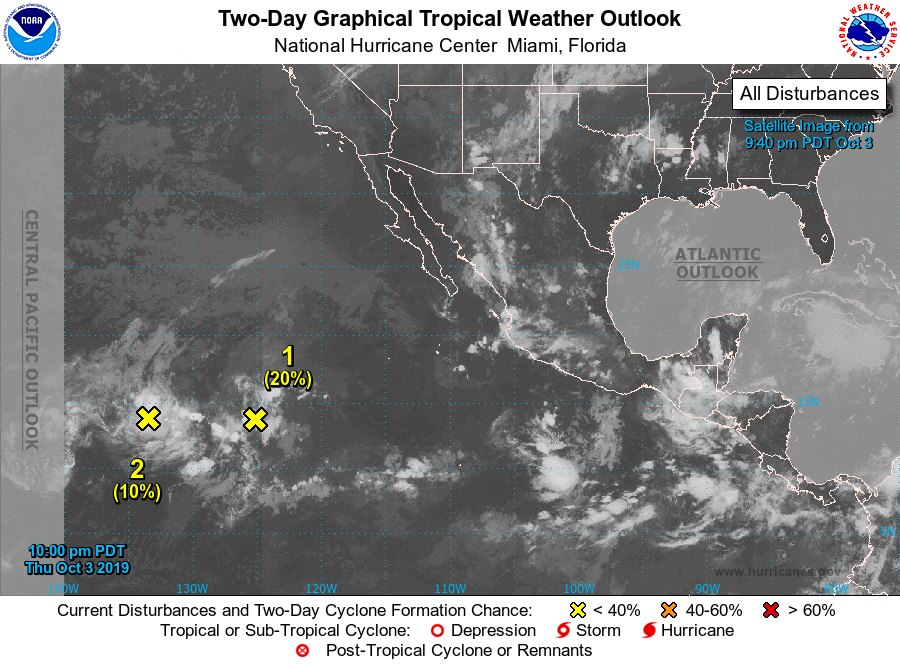
For the eastern North Pacific...east of 140 degrees west longitude:

1. A low pressure system located about 1200 miles southwest of the southern tip of the Baja California peninsula is producing a limited amount of showers and thunderstorms. Some gradual development of this system is possible during the next few days while the low moves slowly west-northwestward.
* Formation chance through 48 hours...low...20 percent.
* Formation chance through 5 days...low...30 percent.

2. Another low pressure system located just west of the disturbance mentioned above, about 1700 miles west-southwest of the southern tip of the Baja California peninsula, is producing disorganized shower and thunderstorm activity. Development, if any, of this system should be slow to occur during the next day or two before it interacts or merges with the larger disturbance located to its east.
* Formation chance through 48 hours...low...10 percent.
* Formation chance through 5 days...low...10 percent.

Forecaster Cangialosi